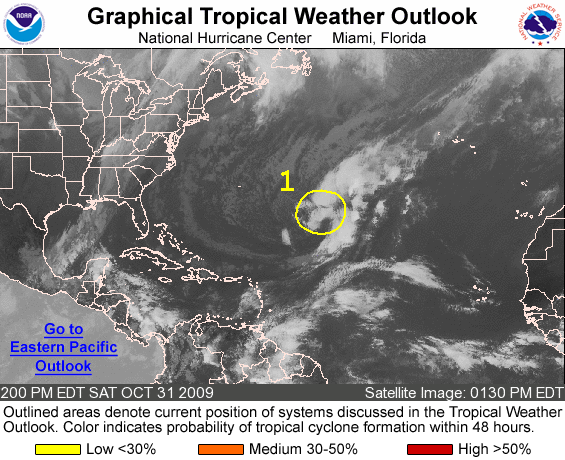
FOR THE NORTH ATLANTIC...CARIBBEAN SEA AND THE GULF OF MEXICO...

1. A NON-TROPICAL GALE CENTER IS LOCATED ABOUT 750 MILES EAST-SOUTHEAST OF BERMUDA. TRANSITION OF THIS LOW INTO A SUBTROPICAL CYCLONE APPEARS UNLIKELY AT THIS TIME. THERE IS A LOW CHANCE...LESS THAN 30 PERCENT...OF THIS SYSTEM BECOMING A SUBTROPICAL CYCLONE AS IT MOVES NORTHWESTWARD TO NORTHWARD DURING THE NEXT 48 HOURS.

ELSEWHERE...TROPICAL CYCLONE FORMATION IS NOT EXPECTED DURING THE NEXT 48 HOURS.

FORECASTER PASCH/CANGIALOSI